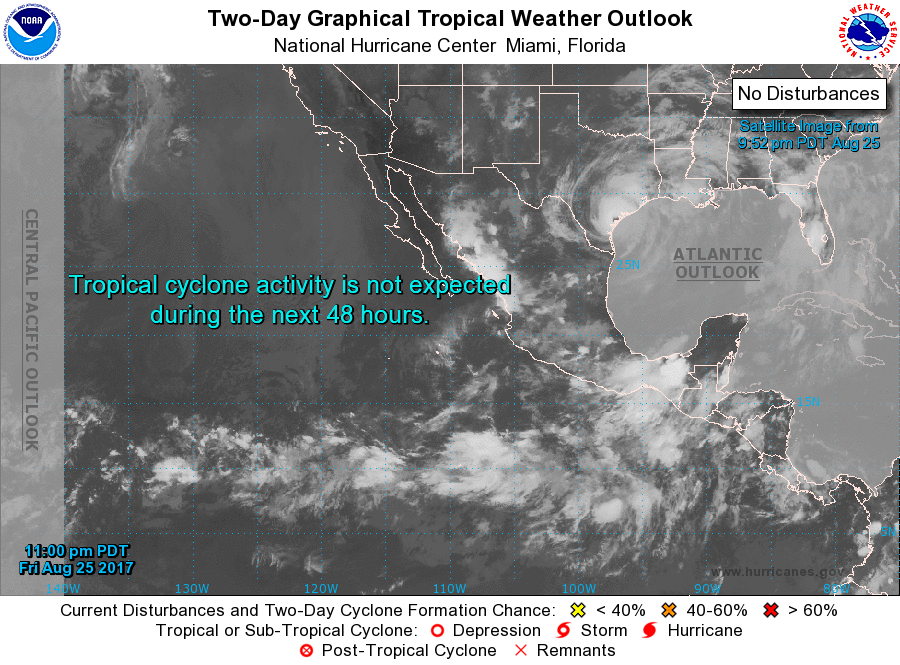
For the eastern North Pacific...east of 140 degrees west longitude:

1. An area of low pressure is expected to develop a few hundred miles south of the southern tip of Baja California early next week. Environmental conditions appear conducive for gradual development of this system thereafter while it moves generally northward.
* Formation chance through 48 hours...low...near 0 percent.
* Formation chance through 5 days...low...30 percent.

Forecaster Cangialosi